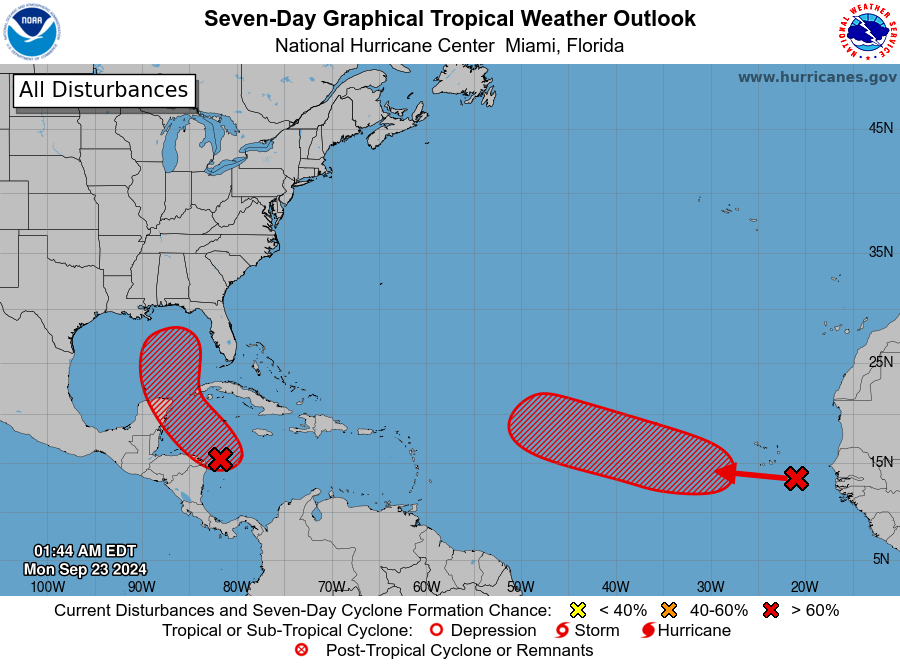
For the North Atlantic...Caribbean Sea and the Gulf of Mexico:

1. Northwestern Caribbean Sea and Gulf of Mexico (AL97): Showers and thunderstorms are beginning to show signs of organization with a broad area of low pressure located over the northwestern Caribbean Sea. Environmental conditions appear favorable for further development of this system, and a tropical depression or storm is likely to form over the next couple of days as the system moves northward across the northwestern Caribbean Sea and into the southeastern Gulf of Mexico where additional development is possible.

Regardless of development, this system is expected to produce heavy rains over portions of Central America during the next several days. Interests in the northwestern Caribbean, the Yucatan Peninsula of Mexico, and western Cuba should closely monitor the progress of this system. Later this week, the system is forecast to move generally northward across the eastern Gulf of Mexico, and interests along the northern and northeastern Gulf Coast should also closely monitor the progress of this system.
* Formation chance through 48 hours...high...70 percent.
* Formation chance through 7 days...high...90 percent.

2. Eastern and Central Tropical Atlantic: A tropical wave located between western Africa and the Cabo Verde Islands is producing disorganized shower and thunderstorm activity. Environmental conditions appear generally favorable for gradual development of this system, and a tropical depression is likely to form during the middle to latter part of this week while it moves westward to west-northwestward across the eastern and central tropical Atlantic.
* Formation chance through 48 hours...low...10 percent.
* Formation chance through 7 days...high...70 percent.

Forecaster Papin